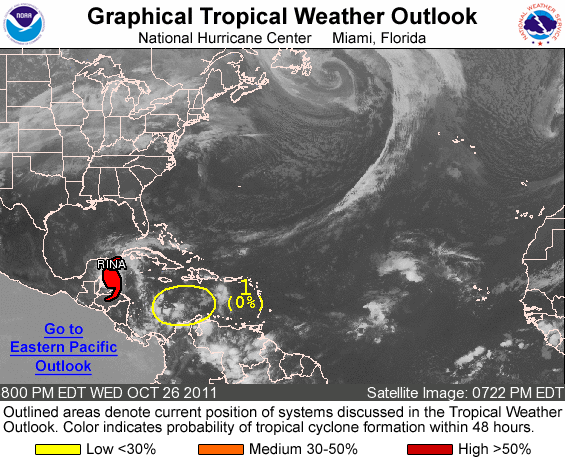
FOR THE NORTH ATLANTIC...CARIBBEAN SEA AND THE GULF OF MEXICO...

THE NATIONAL HURRICANE CENTER IS ISSUING ADVISORIES ON HURRICANE RINA...LOCATED ABOUT 150 MILES SOUTH-SOUTHEAST OF COZUMEL MEXICO.

1. A SURFACE TROUGH OF LOW PRESSURE IS PRODUCING DISORGANIZED CLOUDINESS AND SHOWERS OVER THE WEST-CENTRAL CARIBBEAN SEA. DEVELOPMENT OF THIS SYSTEM IS NOT LIKELY BEFORE THIS WEEKEND...AND IT THEREFORE HAS A LOW CHANCE...NEAR 0 PERCENT...OF BECOMING A TROPICAL CYCLONE DURING THE NEXT 48 HOURS WHILE MOVING WESTWARD AT AROUND 15 MPH.

ELSEWHERE...TROPICAL CYCLONE FORMATION IS NOT EXPECTED DURING THE NEXT 48 HOURS.

FORECASTER BERG